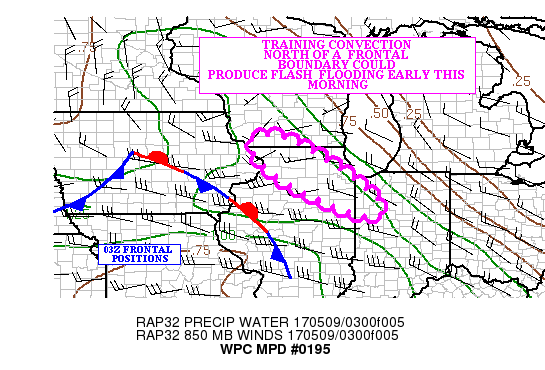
AREAS AFFECTED...FAR SOUTHWEST WI...NORTHERN IL...FAR NORTHWEST IN

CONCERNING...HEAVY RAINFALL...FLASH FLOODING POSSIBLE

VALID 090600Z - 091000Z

SUMMARY...CONVECTION TRAINING NORTH OF A FRONTAL BOUNDARY COULD
PRODUCE A FLASH FLOOD THREAT EARLY THIS MORNING ACROSS PORTIONS OF
NORTHERN IL.

DISCUSSION...CONVECTION CONTINUES TO FORM/INTENSIFY ACROSS
PORTIONS OF WESTERN WI INTO NORTHERN IL EARLY THIS MORNING. IR
IMAGES FROM THE EXPERIMENTAL GOES-16 SHOWED SLOWLY COOLING TOPS IN
ADVANCE OF A JET STREAK DIVING SOUTHEAST ON THE BACK SIDE OF THE
CLOSED MID LEVEL LOW OVER EASTERN CANADA.

THE CONVECTION IS FORMING IN AN AXIS OF 500-1000 J/KG MUCAPE
AIR...WHERE PRECIPITABLE WATER VALUES RANGE NEAR 1.25 INCHES...PER
THE LATEST BLENDED TPW PRODUCT AND RAP ANALYSIS. THE KDVN RADAR
INDICATED HOURLY RAINFALL RATES NEAR 1.50 INCHES RECENTLY OVER
CARROLL AND OGLE COUNTIES IN NORTHERN IL...AN INDICATION OF THE
POTENTIAL FOR HIGH RAINFALL RATES IN THE ELEVATED CONVECTION.

AS THE JET STREAK DIVES SOUTHEAST INTO THE UPPER GREAT LAKES...IT
SHOULD PROVIDE SUFFICIENT LIFT IN THE BROAD WARM AIR ADVECTION
PATTERN TO FEED NARROW BANDS OF CONVECTION ACROSS MUCH OF NORTHERN
IL THROUGH 09Z. AS THE NARROW BANDS DEVELOP...THERE ARE EXPECTED
TO BECOME PARALLEL TO THE MID LEVEL FLOW...INCREASING THE THREAT
FOR TRAINING AND FLASH FLOODING.

THREE HOUR FLASH FLOOD GUIDANCE VALUES ACROSS PORTIONS OF NORTHERN
IL...AND MOST OF THE HIGH RESOLUTION MODELS SHOWED STRIPES OF 1.50
INCHES OF RAINFALL ACROSS NORTHERN IL THROUGH 10Z. IT IS POSSIBLE
THAT INSTABILITY BECOMES A LIMITING FACTOR FOR A MORE WIDESPREAD
FLASH FLOOD THREAT... BUT TRAINING SHOULD MAKE FLASH FLOODING
POSSIBLE EARLY THIS MORNING.